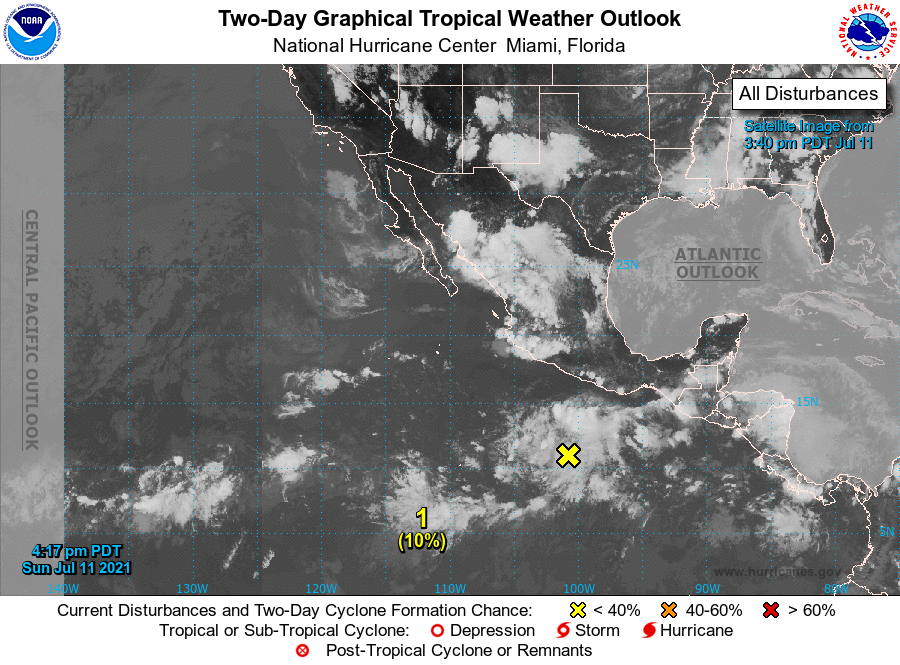
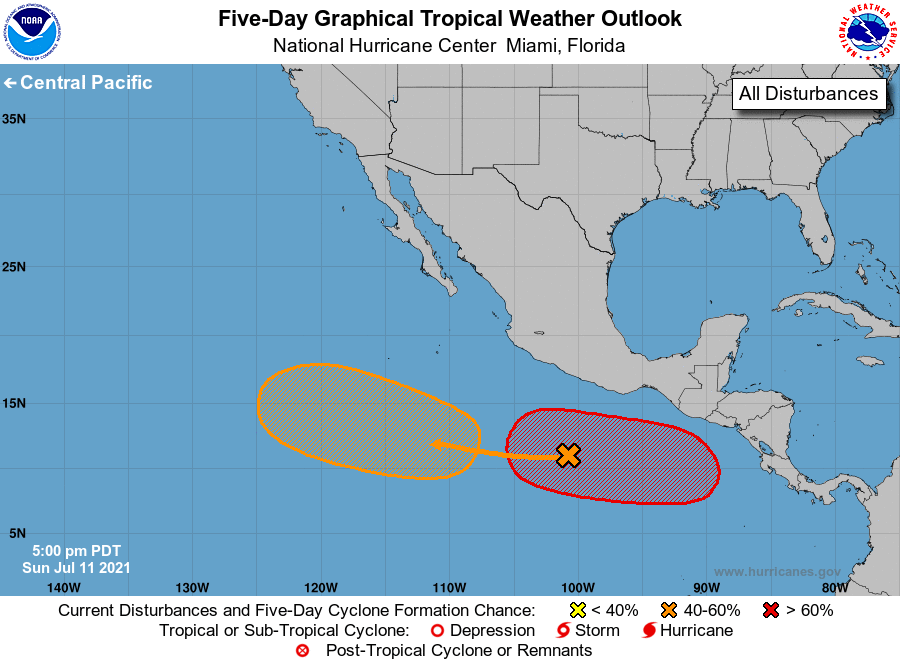
For the eastern North Pacific...east of 140 degrees west longitude:

1. A tropical wave located several hundred miles south of Acapulco, Mexico is producing disorganized showers and thunderstorms. Environmental conditions are forecast to be conducive for gradual development, and a tropical depression could form by midweek well offshore of the southwestern coast of Mexico while the disturbance moves westward to west-northwestward at 10 to 15 mph.
* Formation chance through 48 hours...low...10 percent.
* Formation chance through 5 days...medium...60 percent.

2. An area of low pressure is forecast to develop south of the Gulf of Tehuantepec around midweek and move westward or west-northwestward at 10 to 15 mph, well offshore of the southern coast of Mexico. Environmental conditions are expected to be favorable for development of this system, and a tropical depression is likely to form by late this week.
* Formation chance through 48 hours...low...near 0 percent.
* Formation chance through 5 days...high...70 percent.

Forecaster Reinhart/Pasch